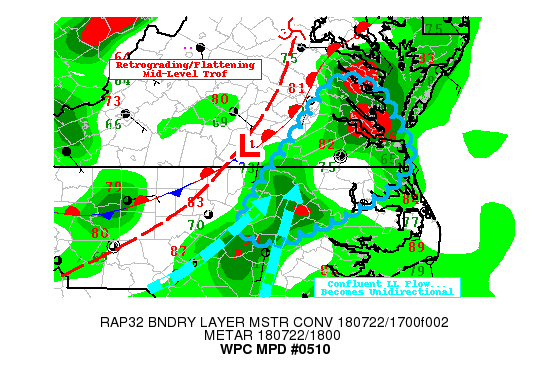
AREAS AFFECTED...SOUTHEAST VA...NORTHEAST NC...

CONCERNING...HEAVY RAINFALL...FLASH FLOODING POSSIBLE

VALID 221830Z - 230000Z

SUMMARY...INCREASING CONVECTION WITH TRAINING/REDEVELOPMENT LIKELY
AND RAIN RATES UP TO 2"/HR POSE POSSIBLE FLASH FLOODING.

DISCUSSION...STRONG HEATING BOUNDARY EXISTS ACROSS NORTHEASTERN NC
WITH TEMPS RISING INTO THE LOW 90S ALONG THE COAST BUT LIMITED TO
UPPER 70S ACROSS NORTH CENTRAL NC WHERE CLOUD COVER FROM THE
EXITING MCV REDUCED INSOLATION.  THIS BOUNDARY WAS WELL DEFINED IN
THE EARLY MORNING CU FIELD AND RECENT SFC INFLOW HAS TIGHTENED THE
BOUNDARY AND CONVERGENCE TO SPARK CONVECTIVE INITIATION.   THE
AMPLE MOISTURE IN THE MID TO UPPER 70S IN NE NC AND THE HEATING
ALONG WITH MODERATE 6C/KM LAPSE RATES HAS SUPPORTED SBCAPES INTO
THE 3000 J/KG RANGE.  GIVEN DEEP MOISTURE AOA 1.75" PER
SOUNDINGS/BLENDED TPW/GPS NETWORK...CELLS WILL HAVE THE CAPABILITY
TO PRODUCE UP TO 2"/HR.

THE 12Z SOUNDING IN MHX DOES SUGGEST SOME MODERATE DRY AIR TO HELP
WITH COLD POOL GENERATION AND WITH INFLOW FROM THE COAST WOULD
NORMALLY SUGGEST EASTWARD PROPAGATION. HOWEVER...WITH THE PASSAGE
OF THE MCV AND UPSTREAM HEIGHT FALLS STILL ROUNDING THE BASE...THE
MID-LEVEL TROF WILL FLATTEN (TIGHTENING THE GRADIENT TO THE WEST)
STRENGTHENING THE UPPER LEVEL JET BUT ALSO RETROGRADING THE
MID-LEVEL FORCING A BIT WESTWARD.  AS SUCH THERE IS FAIRLY TIGHT
HI-RES CAM AND RAPID REFRESH GUIDANCE SUGGESTING FAIRLY STATIC SSW
TO NNE SFC MST CONVERGENCE BAND/UPDRAFT REDEVELOPMENT BAND FROM
JOHNSTON/WAYNE COUNTIES IN NC TOWARD SURRY COUNTY VA.  DEEP MEAN
CELL MOTIONS WILL SUGGEST SOME WESTWARD BACK-SHEARING OF THE
UPDRAFTS BUT OVERALL NORTHWARD MOVEMENT SUPPORTING TRAINING OF THE
MEAN CORES.  SUGGESTING 2-4" TOTALS POTENTIALLY GREATER FURTHER
NORTH INTO SE VA WHERE INFLECTION/CONVERGENCE MIGHT BE STRONGER.
AS SUCH FLASH FLOODING IS CONSIDERED POSSIBLE THROUGH 00Z.